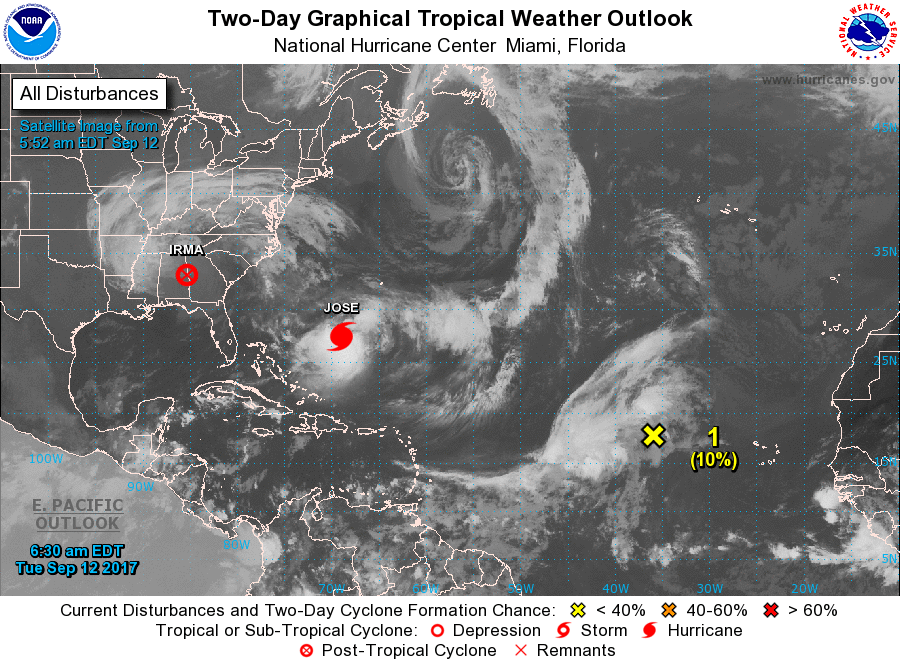
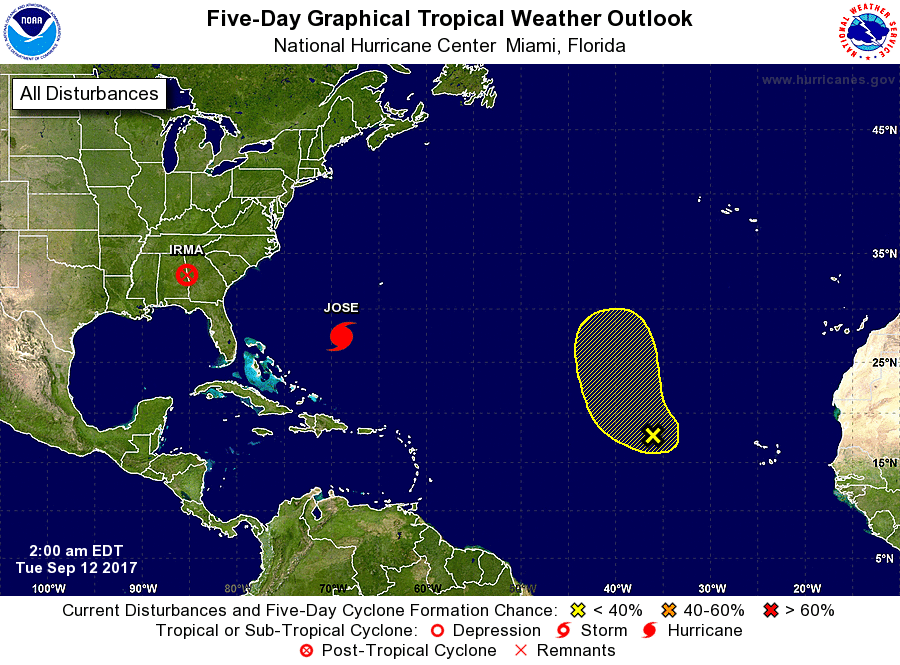
For the North Atlantic...Caribbean Sea and the Gulf of Mexico:

The National Hurricane Center is issuing advisories on Hurricane Jose, located several hundred miles north-northeast of the Turks and Caicos Islands. The National Hurricane Center has issued its last advisory on Tropical Depression Irma, located inland over western Georgia. Subsequent advisories will be issued by the Weather Prediction Center in Washington, DC.

1. Widespread showers and thunderstorms associated with a tropical wave located several hundred miles west of the Cabo Verde Islands are poorly organized. Upper-level winds are not expected to support significant development while the system moves northwestward to northward for the next few days.
* Formation chance through 48 hours...low...10 percent.
* Formation chance through 5 days...low...10 percent.

Forecaster Beven